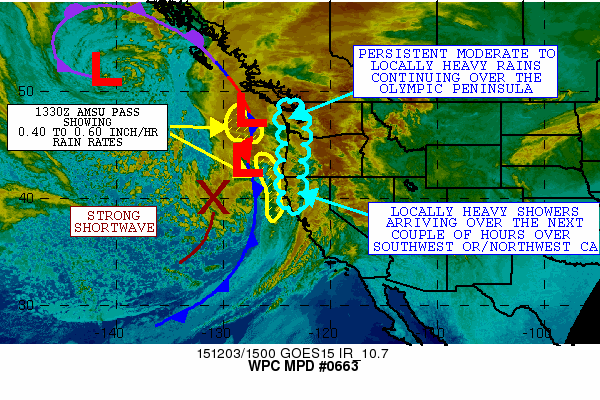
AREAS AFFECTED...WESTERN WA...WESTERN OR...NORTHWEST CA

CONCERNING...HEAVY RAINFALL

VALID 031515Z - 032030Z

SUMMARY...HEAVIER RAINS WILL BE ARRIVING THROUGH LATE MORNING OVER
SOUTHWEST OR AND NORTHWEST CA...WITH PERSISTENT MODERATE TO HEAVY
RAINS FARTHER NORTH OVER THE OLYMPIC PENINSULA.

DISCUSSION...THE LATEST IR SAT IMAGERY SHOWS A STRONG UPPER TROUGH
OFFSHORE THE WEST COAST ALONG WITH A DEEPLY OCCLUDED CYCLONE. A
COMBINATION OF IR AND WV IMAGERY SHOWS A STRONG SHORTWAVE THOUGH
ROUNDING THE BASE OF THE UPPER TROUGH OFFSHORE NORTHERN CA WHICH
IS HELPING TO ENHANCE LOW PRESSURE DEVELOPING WEST OF THE OR
COASTLINE. THIS IS ALSO INCREASING THE SHOWER ACTIVITY ALONG AND
JUST AHEAD OF THE FRONTAL ZONE WHICH IS CONFIRMED BY CONVENTIONAL
IR SATELLITE IMAGES AND A 1330Z AMSU PASS.

THE 1330Z AMSU PASS SHOWS RAIN RATES OF 0.40 TO 0.60 INCHES/HR IN
TWO SEPARATE AREAS...WITH ONE FOCUS JUST OFF THE SOUTHWEST
OR/NORTHWEST CA COASTLINE...AND ALSO FARTHER NORTH ALONG THE FRONT
OFF THE WA COAST. OVER THE NEXT SEVERAL HOURS...THE HEAVIEST RAINS
SHOULD BEGIN TO FOCUS ACROSS SOUTHWEST OR AND NORTHWEST CA WHERE
THE APPROACHING UPSTREAM SHORTWAVE WILL FAVOR STRONG LARGE SCALE
ASCENT AND COUPLE WITH A S/SW 850 MB JET OF 50 TO 70 KTS AND A
NOSE OF 1 TO 1.2 INCH PWATS FOR ENHANCED RAINFALL RATES. RAINFALL
RATES OVER THE IMMEDIATE COASTAL RANGES MAY APPROACH OR EXCEED
0.75 INCHES/HR WITH THE AID OF STRONG OROGRAPHICS...AND THIS WILL
MAINLY BE FOR THE SOUTHWEST FACING SLOPES OF THE TERRAIN. EXPECT
RAINFALL AMOUNTS OF UP TO 2 TO 2.5 INCHES FOR THE COASTAL RANGES
HERE THROUGH ABOUT 20Z.

FARTHER NORTH...STRONG AND BROAD WARM ADVECTION WILL CONTINUE TO
FOCUS MODERATE TO LOCALLY HEAVY RAINS OVER THE OLYMPIC PENINSULA
AND SOME ADJACENT COASTAL RANGES OF WESTERN WA...BUT THE RAINFALL
RATES HERE SHOULD TEND TO BE A BIT LOWER GIVEN SOMEWHAT WEAKER
MOISTURE TRANSPORT. MORNING RUNS OF THE HRRR SUGGEST ADDITIONAL
RAINFALL AMOUNTS OF 1.5 TO 2 INCHES OVER THE OLYMPIC PENINSULA
THROUGH ABOUT 20Z.